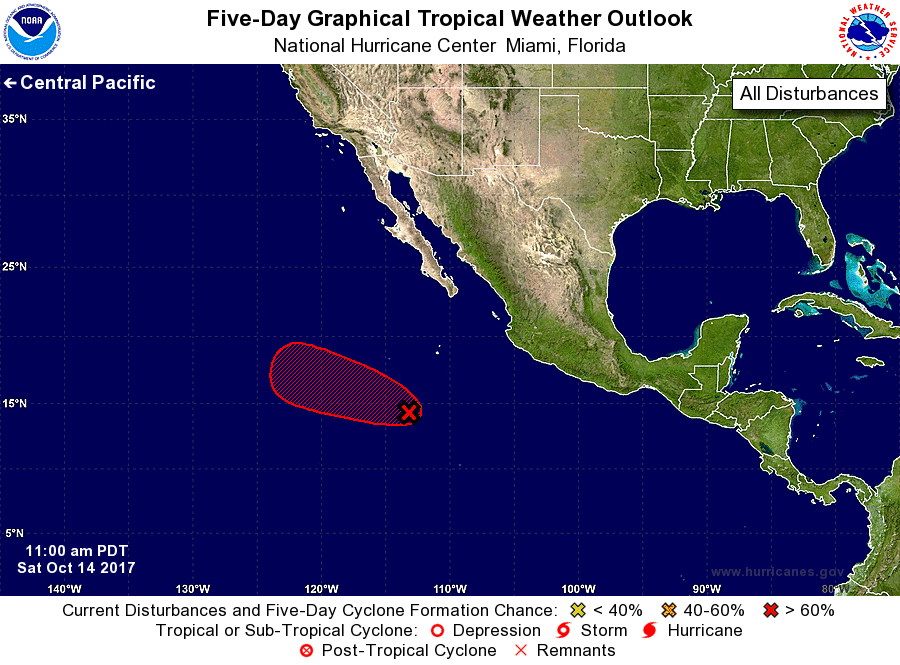
For the eastern North Pacific...east of 140 degrees west longitude:

1. Showers and thunderstorms associated with an area of low pressure centered about 650 miles south-southwest of the southern tip of the Baja California peninsula continue to show signs of organization. Environmental conditions appear conducive for additional development and a tropical depression will likely form within the next day or two while the system moves toward the west-northwest or northwest at 10 to 15 mph.
* Formation chance through 48 hours...high...80 percent.
* Formation chance through 5 days...high...80 percent.

Forecaster Zelinsky